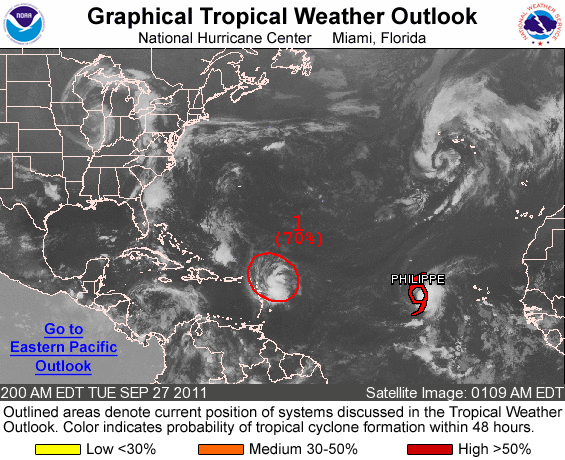
FOR THE NORTH ATLANTIC...CARIBBEAN SEA AND THE GULF OF MEXICO...

THE NATIONAL HURRICANE CENTER IS ISSUING ADVISORIES ON TROPICAL STORM PHILIPPE...LOCATED ABOUT 715 MILES WEST OF THE CAPE VERDE ISLANDS.

1. A LOW PRESSURE SYSTEM...THE REMNANTS OF OPHELIA...IS CENTERED A COUPLE OF HUNDRED MILES NORTHEAST OF THE NORTHERN LEEWARD ISLANDS. SATELLITE DATA INDICATE THAT THE SURFACE CIRCULATION IS GRADUALLY BECOMING BETTER DEFINED...AND UPPER-LEVEL WINDS APPEAR SOMEWHAT CONDUCIVE FOR ADDITIONAL DEVELOPMENT OF THIS LOW AS IT MOVES SLOWLY NORTHWESTWARD DURING THE NEXT DAY OR TWO. THIS SYSTEM HAS A HIGH CHANCE...70 PERCENT...OF REGENERATING INTO A TROPICAL CYCLONE DURING THE NEXT 48 HOURS. LOCALLY HEAVY RAINS ARE POSSIBLE OVER PORTIONS OF THE NORTHERN LEEWARD ISLANDS THROUGH WEDNESDAY.

ELSEWHERE...TROPICAL CYCLONE FORMATION IS NOT EXPECTED DURING THE NEXT 48 HOURS.

FORECASTER CANGIALOSI/KIMBERLAIN